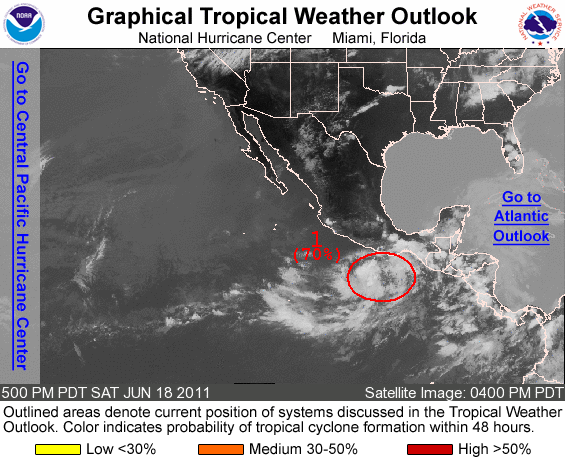
FOR THE EASTERN NORTH PACIFIC...EAST OF 140 DEGREES WEST LONGITUDE..

1. SATELLITE DATA FROM EARLIER TODAY INDICATE THAT THE CENTER OF CIRCULATION OF A LOW PRESSURE AREA CENTERED ABOUT 325 MILES SOUTH-SOUTHEAST OF ACAPULCO MEXICO IS BECOMING BETTER DEFINED. SHOWER AND THUNDERSTORM ACTIVITY IS A LITTLE BIT MORE CONCENTRATED NEAR THE CENTER...AND ADDITIONAL ORGANIZATION COULD RESULT IN THE FORMATION OF A TROPICAL DEPRESSION TONIGHT OR ON SUNDAY. THERE IS A HIGH CHANCE...70 PERCENT...OF THIS SYSTEM BECOMING A TROPICAL CYCLONE DURING THE NEXT 48 HOURS AS IT MOVES WEST-NORTHWESTWARD NEAR 10 MPH. INTERESTS ALONG THE SOUTHWESTERN COAST OF MEXICO SHOULD MONITOR THE PROGRESS OF THIS LOW OVER THE NEXT FEW DAYS.

ELSEWHERE...TROPICAL CYCLONE FORMATION IS NOT EXPECTED DURING THE NEXT 48 HOURS.

FORECASTER BERG